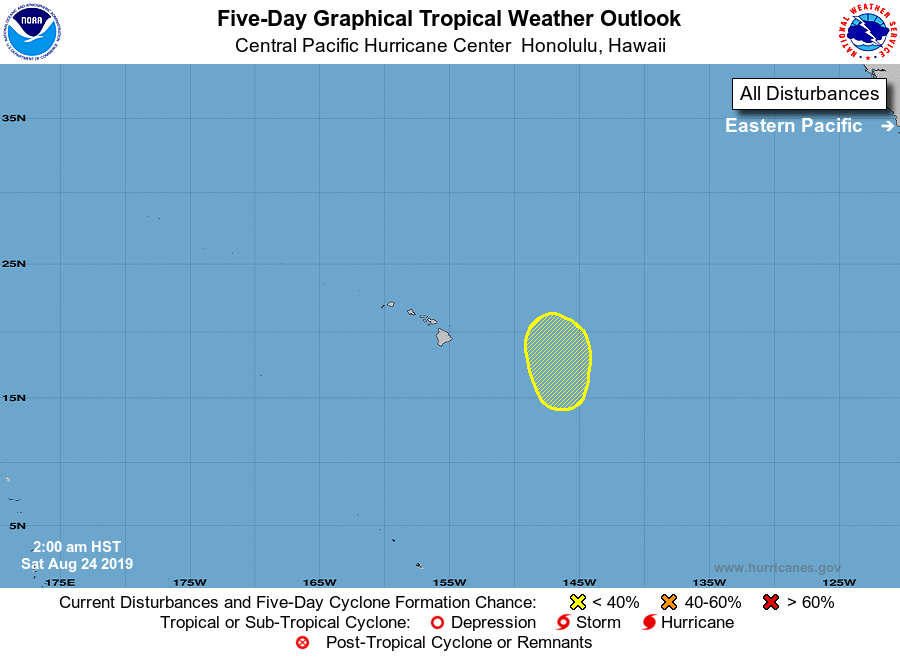
For the central North Pacific...between 140W and 180W:

1. Forecast models are indicating an area of low pressure to develop some 430 miles east-southeast of the Big Island by the middle of next week. Environmental conditions could become favorable for some development thereafter.
* Formation chance through 48 hours...low...near 0 percent.
* Formation chance through 5 days...low...20 percent.

Elsewhere, no tropical cyclones are expected during the next 5 days.

Forecaster Lau